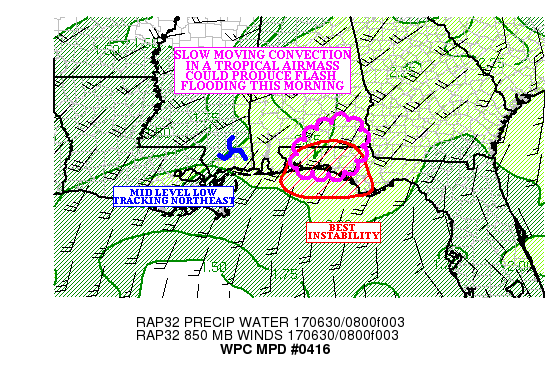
AREAS AFFECTED...WESTERN FL PANHANDLE AND NEARBY SOUTHERN AL

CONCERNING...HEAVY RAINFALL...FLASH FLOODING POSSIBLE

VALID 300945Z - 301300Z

SUMMARY...SLOW MOVING CELLS IN A HIGH MOISTURE CONTENT AIRMASS
COULD RESULT IN A LOCALIZED FLASH FLOOD THREAT THIS MORNING.

DISCUSSION...SCATTERED CONVECTION CONTINUES TO FORM IN A TROPICAL
AIRMASS (WITH PRECIPITABLE WATER VALUES NEAR 2.30 INCHES...PER THE
MOST RECENT BLENDED TPW PRODUCT). THE CONVECTION THUS FAR HAS BEEN
LIMITED TO THE THE WESTERN FL PANHANDLE... WHERE MUCAPE VALUES
HOVER BETWEEN 500 AND 1000 J/KG. THE LIMITED SPATIAL EXTENT OF THE
MUCAPE HAS KEPT THE CONVECTION SCATTERED AHEAD OF A MID LEVEL LOW
LIFTING SLOWLY OUT OF SOUTHERN MS.

THE KMOB RADAR HAS INDICATED HOURLY RAINFALL RATES BETWEEN 2.00
AND 2.50 INCHES WITH THE SCATTERED CONVECTION OVER THE WESTERN FL
PANHANDLE...AND GIVEN THE DEPTH OF THE TROPICAL MOISTURE...THESE
AMOUNTS SEEM REASONABLE. THE STORM MOTION HAS BEEN SLOWLY
NORTHEAST...AS THE 850-300 MB FLOW IS FAIRLY WEAK AHEAD OF THE
SHORT WAVE.

THE LATEST HRRR SUGGESTS THAT THE BEST CONVECTION SHOULD REMAIN
LIMITED TO THE WESTERN FL PANHANDLE AND NEARBY SOUTHERN
AL...CLOSEST TO THE BEST INSTABILITY. THE INSTABILITY DOES NOT
APPEAR TO EXTEND MUCH FURTHER NORTH THROUGH ABOUT 13Z...SO THE
MAIN FLASH FLOOD THREAT SHOULD REMAIN IN THIS AREA.

THE LATEST HRRR ALSO INDICATED LOCAL 2.00 TO 4.00 INCH RAINFALL
AMOUNTS OVER PORTIONS OF THE WESTERN FL PANHANDLE AND NEARBY
SOUTHERN AL...MUCH OF WHICH COULD FALL IN BETWEEN ONE AND TWO
HOURS. WHILE FLASH FLOOD GUIDANCE VALUES ARE FAIRLY HIGH...THE
HIGHER RAINFALL AMOUNTS COULD APPROACH THOSE VALUES...AND FLASH
FLOODING IS CONSIDERED POSSIBLE THROUGH ABOUT 13Z.